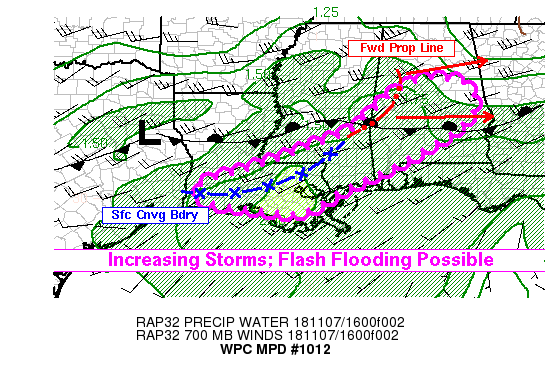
Areas affected...Southern Louisiana, Southern Mississippi,
Ctrl/Srn Alabama

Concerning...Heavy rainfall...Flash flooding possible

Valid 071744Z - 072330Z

Summary...Thunderstorms will increase in coverage into the
afternoon hours, particularly from southern Louisiana into
southern Mississippi. Rain rates to around 2 in/hr will be
possible in the strongest storms, which could lead to flash
flooding. The locations most at-risk for flash flooding would be
urban areas or places that receive sustained heavy rain rates for
a couple hours.

Discussion...Regional radars and GOES-16 IR satellite channels
showed two primary areas of convection as of 1730Z: (1) a forward
propagating, broken convective line pushing into central Alabama,
and (2) loosely organized convective clusters increasing in
coverage in southern Louisiana. The convective line pushing into
Alabama has been well-established for several hours, and has a
history of producing rain rates of 1-2 in/hr (per MRMS, WSR-88D
dual pol estimates, and surface observations). The progressive
nature of the convective line may reduce the overall flash flood
potential given the shorter duration of the attendant heavy rain
rates, but some localized flash flooding could occur where leading
convective cells merge into the line, or the trailing edge of the
convective line begins to take on more of a WSW-ENE orientation
(more parallel to the deep layer mean wind and surface front).
This trend with the trailing edge was already occurring per KMOB
and KBMX radars. Furthermore, the southern edge of the line should
be favored as instability is stronger further south and this would
be able to sustain higher rain rates. The southern end of the
convective line (moving into Choctaw and Marengo Counties in
Alabama) was in a region with MUCAPE around 1000 j/kg per RAP
analysis.

The mesoscale environment should favor a higher probability of 2+
in/hr rain rates and flash flooding in southern Louisiana and
southern Mississippi. A surface convergence boundary was evident
in the observations in the I-10 corridor, and a surface front
further north was showing signs of pushing south on GOES-16
visible satellite. These features should act in concert to lead to
a continued increase of convective coverage in that region.
Instability across southern LA/MS was higher than areas further
northeast, with MLCAPE values generally 2000-3000 j/kg. Given the
overlap with PWs around 1.7-1.9 inches (per CIRA blended TPW
product), this environment should allow for elevated rain rates in
the strongest and most organized convective clusters, possibly
exceeding 2 in/hr on a localized basis. The orientation of the
surface convergence zone and the major axis of some of the larger
convective clusters was generally parallel to the deep layer mean
wind vector. And with the low-level inflow (850mb winds around
20-25 knots) roughly equal to the deep layer mean wind speeds,
some backbuilding could also be favored in addition to the
potential for training. Therefore, flash flooding does appear
possible into the afternoon hours, and would be most likely in
urban areas where surface runoff would be greater.